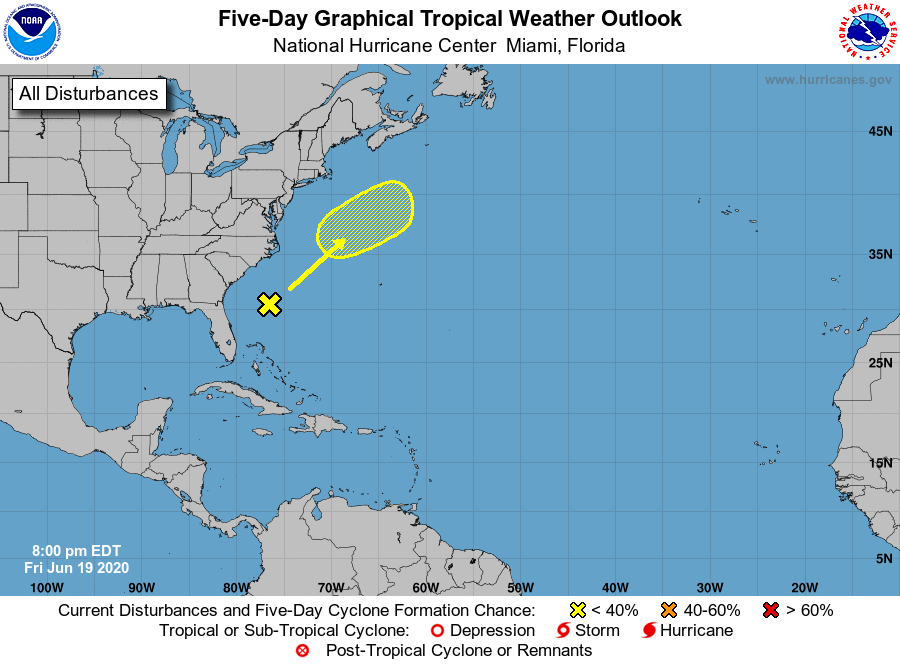
For the North Atlantic...Caribbean Sea and the Gulf of Mexico:

1. An area of disturbed weather is centered a few hundred miles off the southeast U.S. coast. This disturbance is forecast to move northeastward and a non-tropical low pressure system is expected to form over the weekend. Significant development is not expected, however the system could briefly acquire some subtropical characteristics when it moves over the Gulf Stream on Sunday. Further development is not anticipated once the low moves over cooler waters early next week.
* Formation chance through 48 hours...low...10 percent.
* Formation chance through 5 days...low...10 percent.

Forecaster Zelinsky